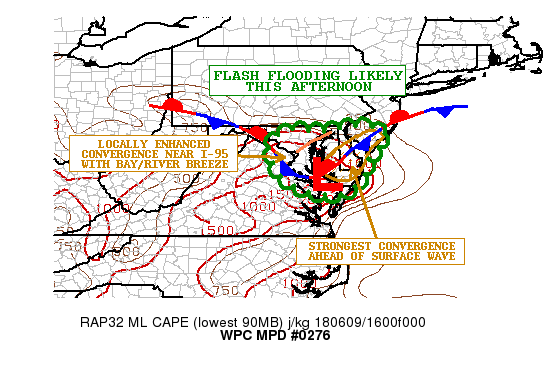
AREAS AFFECTED...FAR NORTHERN VA...D.C...CENTRAL/EASTERN
MD...DE...SOUTHERN NJ

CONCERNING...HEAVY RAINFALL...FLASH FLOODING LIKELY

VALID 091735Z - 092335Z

SUMMARY...LOCALLY VERY HEAVY RAINFALL IS EXPECTED THIS AFTERNOON
WITH CLUSTERS OF BACKBUILDING SHOWERS AND THUNDERSTORMS. GIVEN THE
VERY INTENSE RAINFALL RATES...FLASH FLOODING IS LIKELY AND MAY
IMPACT THE D.C./BALTIMORE METRO AREAS.

DISCUSSION...GOES-16 VISIBLE SATELLITE IMAGERY SHOWS CONVECTIVE
INITIATION WELL UNDERWAY ACROSS PORTIONS OF CENTRAL/EASTERN
MD...DE AND SOUTHERN NJ AS DIURNALLY ENHANCED INSTABILITY POOLS
ALONG A QUASI-STATIONARY FRONT DRAPED ACROSS THE CENTRAL
MID-ATLANTIC REGION. MLCAPE VALUES HAVE RISEN TO AS MUCH AS 1500
J/KG AND PWATS ACROSS THE REGION HAVE RISEN TO NEAR 1.75 INCHES.

THE SYNOPTIC FRONT COUPLED WITH SMALL SCALE BAY/RIVER BREEZE
CONVERGENCE NEAR D.C. AND UP ALONG AND EAST OF I-95 TO THE INNER
HARBOR AREA OF BALTIMORE WILL ALLOW FOR A LOCALLY FOCUSED CONCERN
SLOW-MOVING AND BACKBUILDING SHOWERS AND THUNDERSTORMS.
MEANWHILE...FARTHER EAST OVER THE DELMARVA...THE SAME FRONT
COUPLED WITH LOCALLY ENHANCED CONVERGENCE AHEAD OF AN AREA OF LOW
PRESSURE IS EXPECTED TO CONCENTRATE HEAVY SHOWERS AND
THUNDERSTORMS. THE ENVIRONMENT IS HIGHLY CONDUCIVE FOR
BACKBUILDING/REPEATING CONVECTIVE CELL ACTIVITY...AND THIS WILL BE
AIDED BY ADDITIONAL DIURNAL HEATING AND PROXIMITY OF AT LEAST SOME
MODEST UPPER LEVEL DIVERGENCE OVER THE REGION.

A CONSENSUS OF THE 12Z ARW/NMMB SOLUTIONS AND RECENT HRRR/HRRRX
GUIDANCE FAVORS AS MUCH AS 2 TO 4 INCHES OF RAIN...WITH THE
HEAVIEST TOTALS OVER THE DELMARVA AND FAR SOUTHERN NJ WHERE
LOCALLY OVER 5 INCHES WILL BE POSSIBLE. GIVEN THE LOCALLY
URBANIZED ENVIRONMENT....RAINFALL RATES OF OVER 2 INCHES/HR...AND
BACKBUILDING NATURE OF THE ACTIVITY...THE THREAT OF FLASH FLOODING
IS ELEVATED.